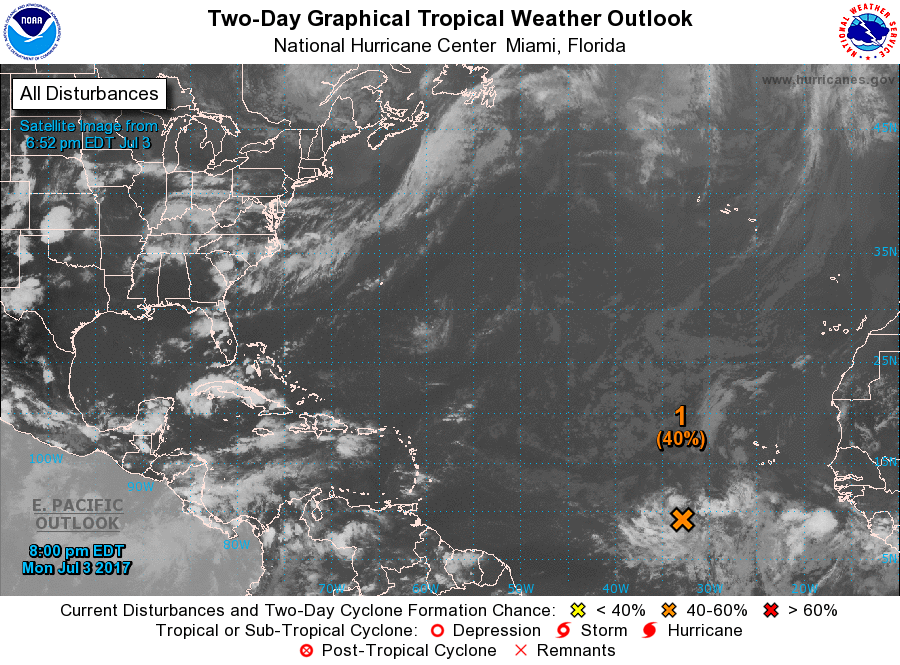
For the North Atlantic...Caribbean Sea and the Gulf of Mexico:

1. Showers and thunderstorms associated with a nearly stationary area of low pressure located about 700 miles southwest of the Cabo Verde Islands have become a little better organized since yesterday. Additional development is likely, and a tropical depression could form during the next several days before environmental conditions become a little less conducive for development at the end of the week. The disturbance is expected to begin moving slowly northwestward on Tuesday, followed by a faster west-northwestward motion across the tropical Atlantic Ocean through the remainder of the week.
* Formation chance through 48 hours...medium...40 percent.
* Formation chance through 5 days...high...70 percent.

Forecaster Berg